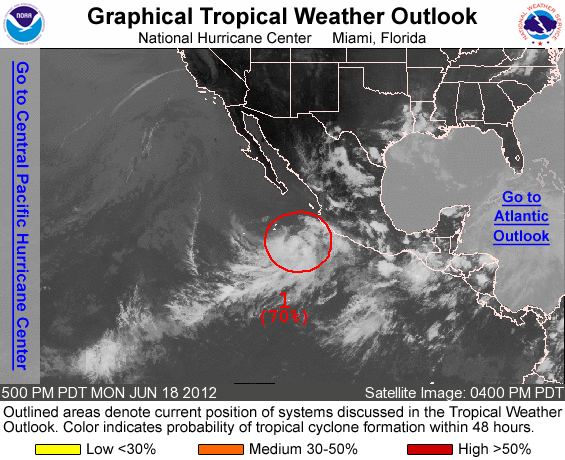
FOR THE EASTERN NORTH PACIFIC...EAST OF 140 DEGREES WEST LONGITUDE..

1. SHOWER AND THUNDERSTORM ACTIVITY ASSOCIATED WITH AN AREA OF LOW PRESSURE LOCATED ABOUT 275 MILES WEST-SOUTHWEST OF MANZANILLO MEXICO HAS CHANGED LITTLE IN ORGANIZATION DURING THE PAST FEW HOURS. HOWEVER...ENVIRONMENTAL CONDITIONS REMAIN FAVORABLE FOR DEVELOPMENT...AND THIS SYSTEM COULD BECOME A TROPICAL DEPRESSION DURING THE NEXT DAY OR SO AS IT BEGINS TO MOVE SLOWLY EASTWARD. THIS SYSTEM HAS A HIGH CHANCE...70 PERCENT...OF BECOMING A TROPICAL CYCLONE DURING THE NEXT 48 HOURS. INTERESTS ALONG THE SOUTHWESTERN COAST OF MEXICO SHOULD MONITOR THE PROGRESS OF THIS SYSTEM...AS A TROPICAL STORM WATCH COULD BE REQUIRED FOR A PORTION OF THE COAST TONIGHT OR EARLY TUESDAY. REGARDLESS OF DEVELOPMENT...LOCALLY HEAVY RAINFALL AND THE THREAT FOR FLASH FLOODS AND MUDSLIDES WILL CONTINUE OVER PORTIONS OF SOUTHWESTERN MEXICO FOR THE NEXT COUPLE OF DAYS.

ELSEWHERE...TROPICAL CYCLONE FORMATION IS NOT EXPECTED DURING THE NEXT 48 HOURS.

FORECASTER BRENNAN